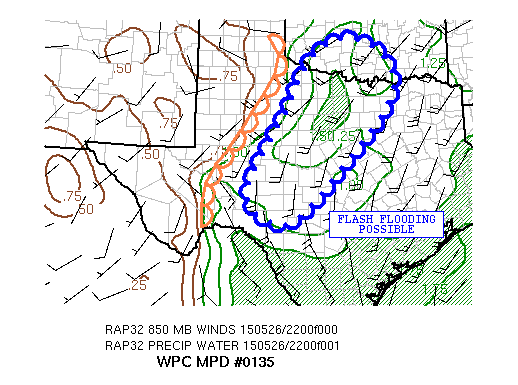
AREAS AFFECTED......CENTRAL TX INTO NORTHEAST TX/SOUTH CENTRAL
OK...

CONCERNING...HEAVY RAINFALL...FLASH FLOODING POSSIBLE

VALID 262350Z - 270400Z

SUMMARY...SCATTERED CONVECTION INCREASES IN COVERAGE THROUGH THE
EVENING HOURS ACROSS CENTRAL AND NORTHEAST TX...WHICH COULD
PRODUCE FLASH FLOODING.

DISCUSSION...SCATTERED CONVECTION DEVELOPING AHEAD OF THE DRYLINE
AND MID LEVEL IMPULSES APPROACHING FROM THE NORTHERN MEXICO IS
PRODUCING LOCALLY HEAVY RAINFALL ACROSS PORTIONS OF NORTHEAST TX
EARLY THIS EVENING. IR LOOP SHOWS COOLING TOPS ON THE CONVECTION
ACROSS NORTHEAST TX...AND TOPS ARE COOLING ON NEW CONVECTION NEAR
SJT. THE BROADLY CYCLONIC 25 KNOT LOW LEVEL INFLOW IS TRANSPORTING
HIGHER PRECIPITABLE WATER VALUES AHEAD OF THE DRY LINE...AND THE
SPC MESO ANALYSIS SHOWED 3500 TO 4500 J/KG OF SBCAPE ALONG THE
AXIS OF CONVECTIVE DEVELOPMENT.

THE INCREASING MOISTURE AND INSTABILITY (HIGH RESOLUTION GUIDANCE
SUGGESTS THAT MUCAPE VALUES REMAIN ABOVE 3000 J/KG ACROSS THE
REGION THROUGH AT LEAST 27/04Z) SHOULD CONTINUE TO FEED AT LEAST
SCATTERED CONVECTION THROUGH THE LATE EVENING HOURS. THERE IS NOT
A STRONG CONSENSUS AMONG THE VARIOUS HIGH RESOLUTION MODEL
SOLUTIONS (INCLUDING THE LATEST HRRR...RAP AND 12Z NSSL WRF)
FAVORING ONE LOCATION OVER ANOTHER FOR MORE WIDESPREAD
DEVELOPMENT...BUT THERE IS AGREEMENT CONCERNING THE POTENTIAL FOR
1.50 INCHES OF RAINFALL IN AN HOUR.

THE VEERING LOW LEVEL WIND PROFILE SUGGESTS TRAINING IS
POSSIBLE...ESPECIALLY FROM WEST OF SJT THROUGH INTO NORTHEAST TX.
GIVEN SATURATED SOILS IN PLACE...FLASH FLOODING POSSIBLE.